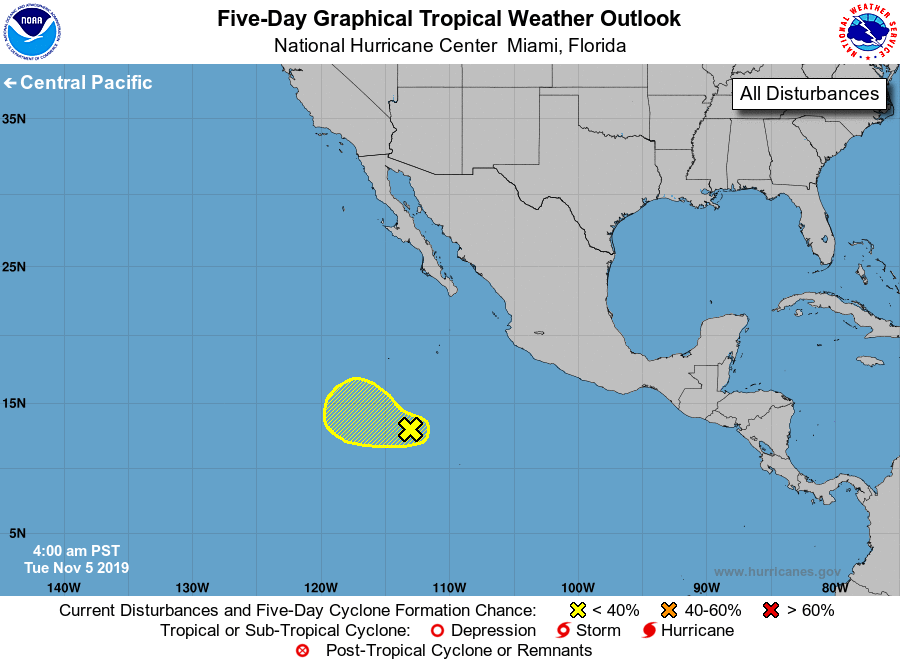
For the eastern North Pacific...east of 140 degrees west longitude:

1. A large but disorganized area of disturbed weather located several hundred miles south-southwest of the southern tip of the Baja California peninsula is associated with an elongated area of low pressure. Upper-level winds are only marginally conducive for development of this system while it moves westward to west- northwestward at 10 to 15 mph during the next day or so. By Thursday, upper-level winds are expected to become quite unfavorable for any significant development of the disturbance.
* Formation chance through 48 hours...low...20 percent.
* Formation chance through 5 days...low...20 percent.

Forecaster Avila